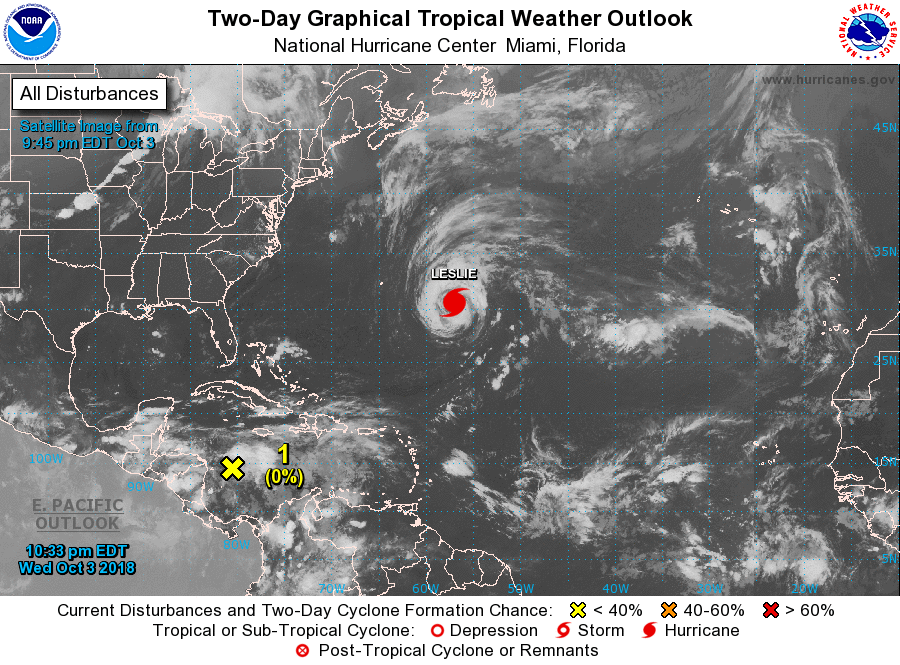
For the North Atlantic...Caribbean Sea and the Gulf of Mexico:

The National Hurricane Center is issuing advisories on Hurricane Leslie, located over the central Atlantic Ocean.

1. A large cyclonic gyre, defined by a broad area of low pressure, typical of this time of the year, covers a portion of Central America and the western Caribbean Sea. This system is accompanied by an extensive area of disorganized clouds and thunderstorms, and although surface pressures are relatively low in the area, upper-level winds are currently highly unfavorable for tropical cyclone formation. Environmental conditions could become less hostile this weekend and early next week allowing some slow development in this region as the system drifts northwestward.
* Formation chance through 48 hours...low...near 0 percent.
* Formation chance through 5 days...low...30 percent.

Forecaster Avila